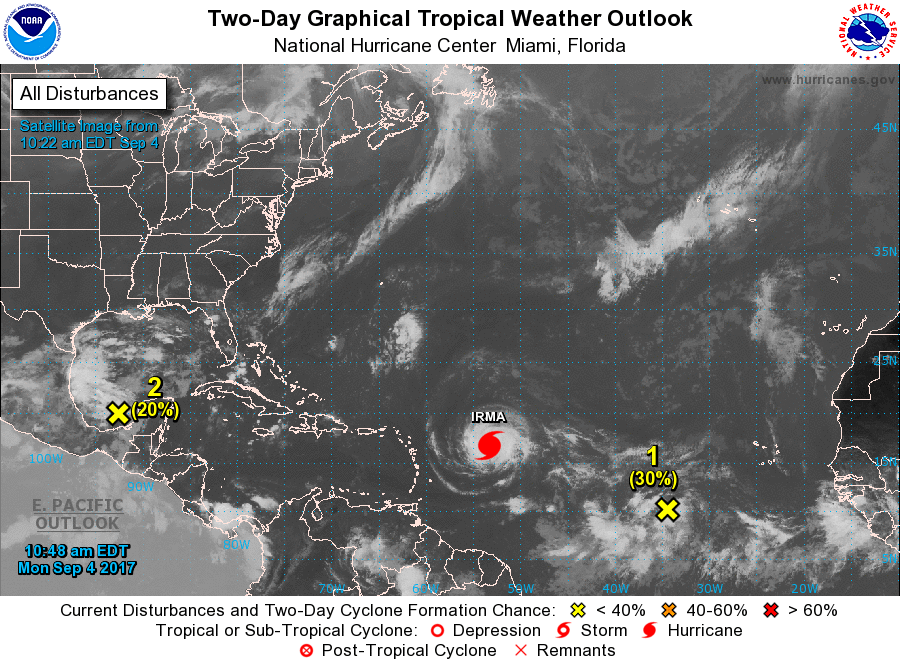
For the North Atlantic...Caribbean Sea and the Gulf of Mexico:

The National Hurricane Center is issuing advisories on Hurricane Irma, located several hundred miles east of the Leeward Islands.

1. An elongated area of low pressure located several hundred miles southwest of the Cabo Verde Islands continues to produce disorganized showers and thunderstorms. Environmental conditions are expected to be conducive for gradual development, and a tropical depression is likely form later this week while the system moves west-northwestward at 10 to 15 mph over the tropical Atlantic Ocean.
* Formation chance through 48 hours...low...30 percent.
* Formation chance through 5 days...high...70 percent.

2. A trough of low pressure located over the southwestern Gulf of Mexico is producing disorganized showers and thunderstorms. Environmental conditions are marginally conducive for some slow development of this system while it drifts west-northwestward and remains over the southwestern Gulf of Mexico during the next few days.
* Formation chance through 48 hours...low...20 percent.
* Formation chance through 5 days...medium...40 percent.

Forecaster Roberts